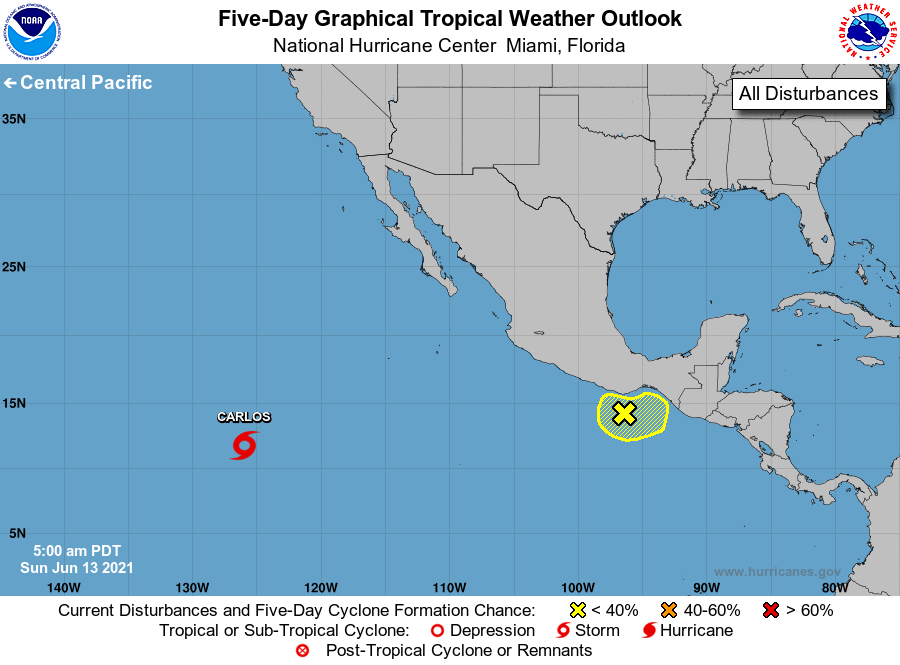
For the eastern North Pacific...east of 140 degrees west longitude:

The National Hurricane Center is issuing advisories on Tropical Storm Carlos, located more than 1200 miles southwest of the southern tip of the Baja California peninsula.

1. A weak area of low pressure located about a hundred miles south-southwest of Puerto Angel, Mexico has become ill-defined while the associated showers and thunderstorms remain disorganized. Environmental conditions do not appear conducive for development, and formation of a tropical cyclone is not anticipated. Regardless of development, heavy rainfall will be possible over portions of Central America and southern Mexico through early next week. See products from your local meteorological service for more information.
* Formation chance through 48 hours...low...10 percent.
* Formation chance through 5 days...low...10 percent.

Public Advisories on Tropical Storm Carlos are issued under WMO header WTPZ33 KNHC and under AWIPS header MIATCPEP3. Forecast/Advisories on Tropical Storm Carlos are issued under WMO header WTPZ23 KNHC and under AWIPS header MIATCMEP3.

Forecaster Latto